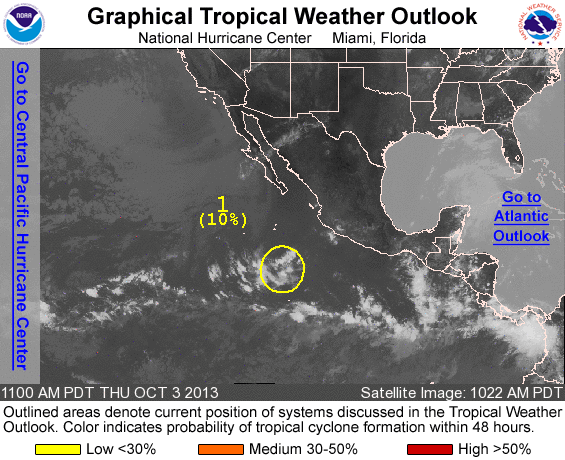
FOR THE EASTERN NORTH PACIFIC...EAST OF 140 DEGREES WEST LONGITUDE..

1. SHOWER AND THUNDERSTORM ACTIVITY ASSOCIATED WITH A BROAD AREA OF LOW PRESSURE LOCATED ABOUT 500 MILES SOUTHWEST OF MANZANILLO MEXICO IS LIMITED AT THIS TIME. HOWEVER...SOME SLOW DEVELOPMENT OF THIS SYSTEM IS POSSIBLE OVER THE NEXT SEVERAL DAYS AS THE DISTURBANCE MOVES GENERALLY WESTWARD AT AROUND 10 MPH. THIS SYSTEM HAS A LOW CHANCE...10 PERCENT...OF BECOMING A TROPICAL CYCLONE DURING THE NEXT 48 HOURS...AND A LOW CHANCE...20 PERCENT...OF BECOMING A TROPICAL CYCLONE DURING THE NEXT 5 DAYS.

FIVE-DAY FORMATION PROBABILITIES ARE EXPERIMENTAL IN 2013. COMMENTS ON THE EXPERIMENTAL FORECASTS CAN BE PROVIDED AT...

HTTP://WWW.NWS.NOAA.GOV/SURVEY/NWS-SURVEY.PHP?CODE=ETWO

FORECASTER PASCH